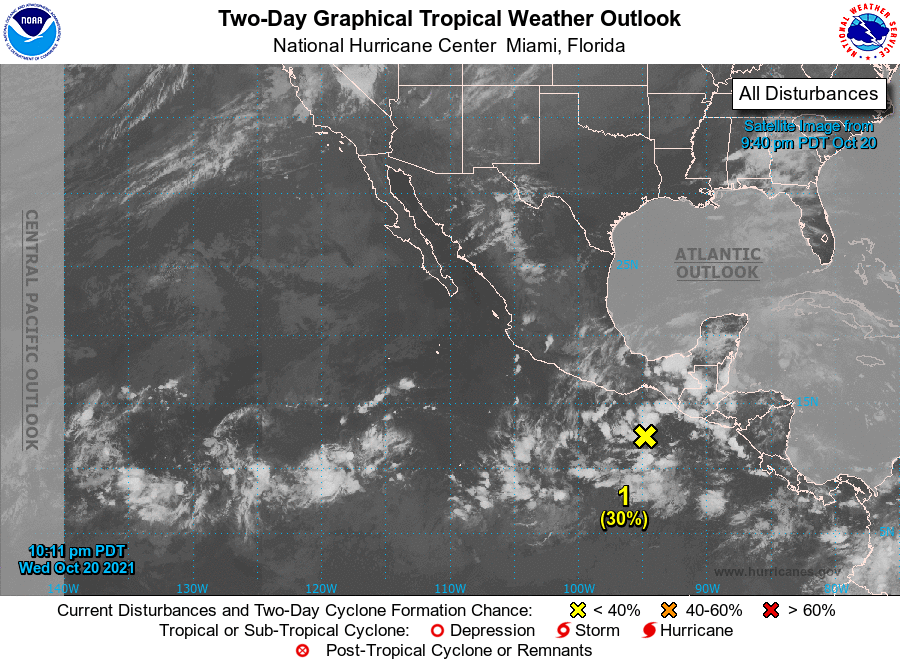
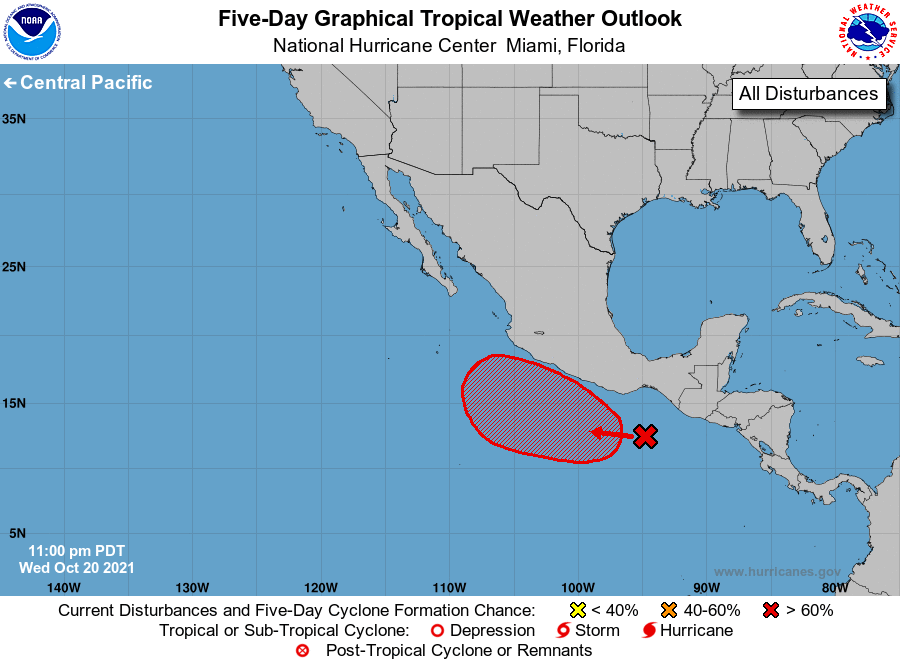
For the eastern North Pacific...east of 140 degrees west longitude:

1. A broad area of disturbed weather continues to produce disorganized showers and thunderstorms within a couple of hundred miles off the southern coast of Mexico. Environmental conditions are expected to be conducive for gradual development of this system during the next several days, and a tropical depression is likely to form by this weekend while the system moves slowly west-northwestward to northwestward near or just offshore the southern coast of Mexico.
* Formation chance through 48 hours...low...30 percent.
* Formation chance through 5 days...high...90 percent.

Forecaster Papin